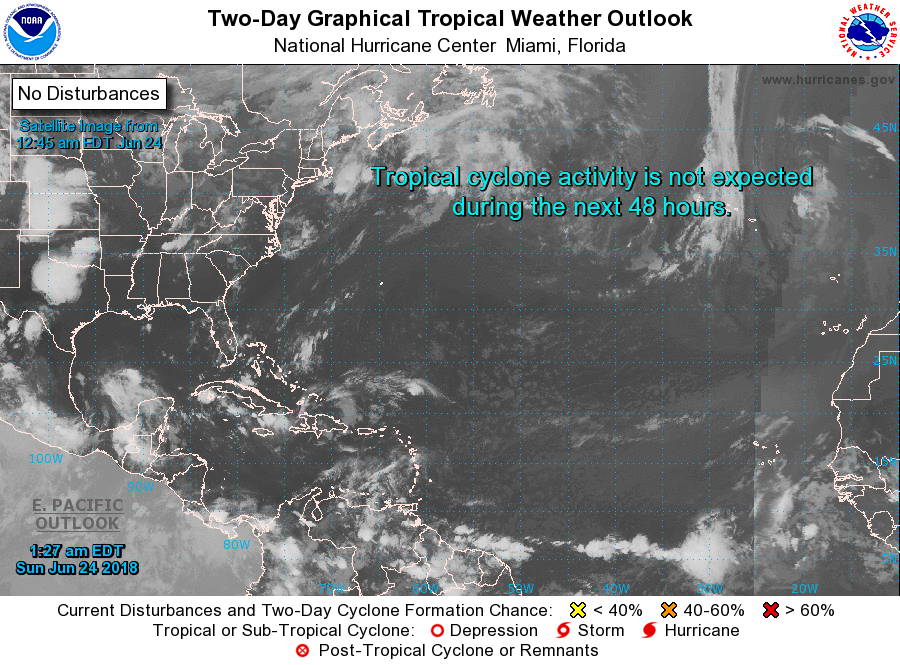
For the North Atlantic...Caribbean Sea and the Gulf of Mexico:

Tropical cyclone formation is not expected during the next 5 days.

Forecaster Stewart